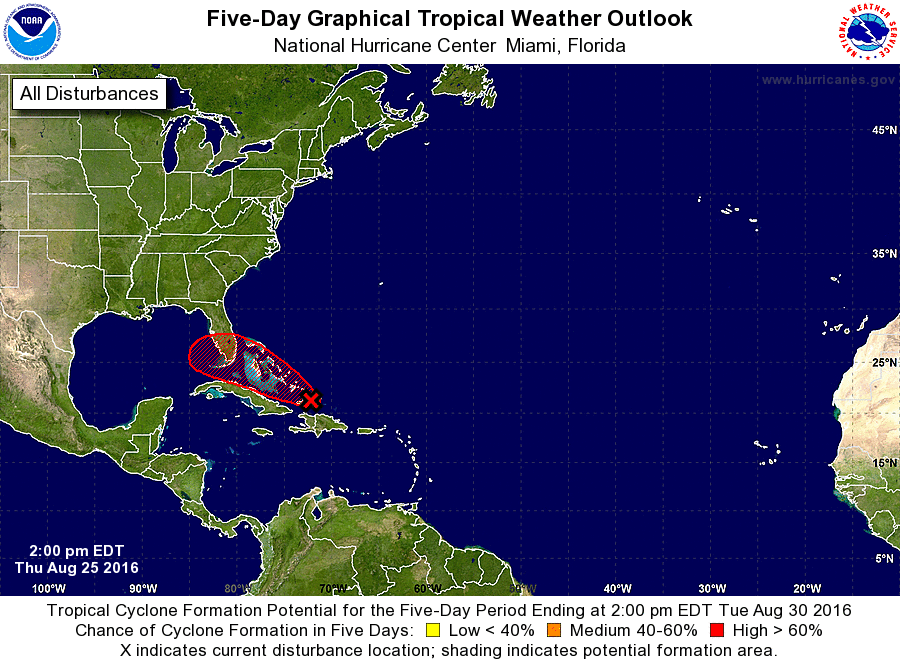
For the North Atlantic...Caribbean Sea and the Gulf of Mexico:

The National Hurricane Center is issuing advisories on Tropical Storm Gaston, located about 1200 miles east-northeast of the Leeward Islands.

1. A broad area of low pressure associated with a tropical wave is moving westward at 15 to 20 mph through the southeastern Bahamas. Satellite wind data and reports from an Air Force Reserve reconnaissance aircraft this morning indicate that the system still lacks a closed circulation, and that the strongest winds associated with the system likely have decreased to below tropical storm strength. In addition, shower and thunderstorm activity has become significantly less organized during the past 24 hours. Although upper-level winds are not conducive for significant development during the next day or so, they could become a little more favorable over the weekend or early next week when the wave is expected to approach southern Florida or the southeastern Gulf of Mexico.

Regardless of development, heavy rains, with the potential to cause flash floods and mudslides, are likely over Hispaniola today. This system could produce gusty winds and locally heavy rainfall over portions of the Bahamas during the next day or two. Interests in South Florida and the Florida Keys should monitor the progress of this disturbance since it is possible that some impacts, at a minimum heavy rains and gusty winds, will occur beginning this weekend.
* Formation chance through 48 hours...medium...40 percent
* Formation chance through 5 days...high...70 percent

Forecaster Brown